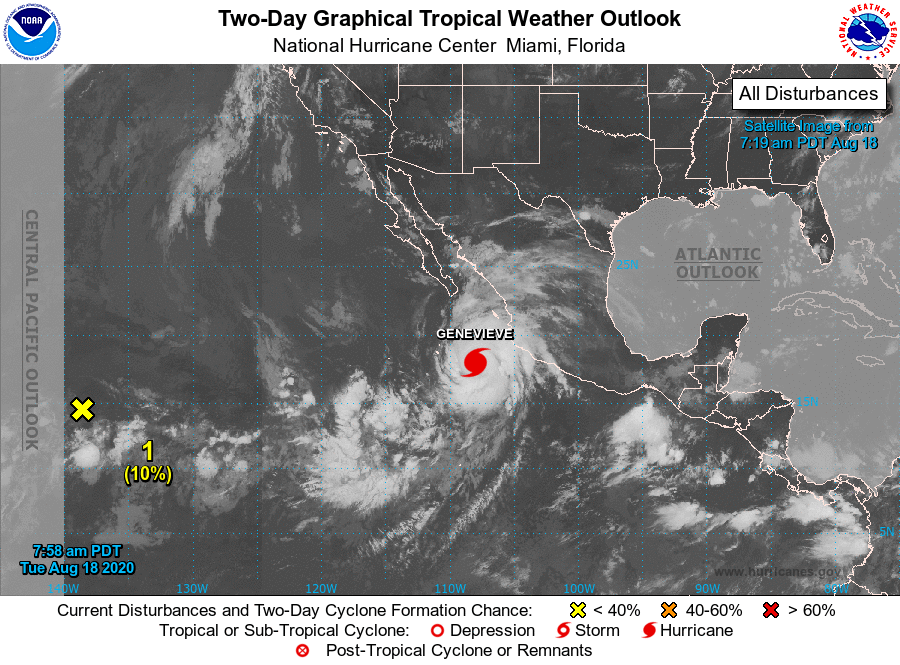
For the eastern North Pacific...east of 140 degrees west longitude:

The National Hurricane Center is issuing advisories on Hurricane Genevieve, located several hundred miles south-southeast of the southern tip of the Baja California peninsula.

1. A small area of showers and thunderstorms over the far southwestern portion of the basin are associated with the remnant low of Tropical Depression Ten-E. Environmental conditions do not appear conducive for significant development, and regeneration of this system is not anticipated while it moves slowly westward toward the central Pacific basin.
* Formation chance through 48 hours...low...10 percent.
* Formation chance through 5 days...low...10 percent.

2. An area of low pressure is expected to form later this week several hundred miles west of the southwestern coast of Mexico. Conditions appear favorable for some development of this system this weekend while it moves little.
* Formation chance through 48 hours...low...near 0 percent.
* Formation chance through 5 days...low...20 percent.

Forecaster Cangialosi